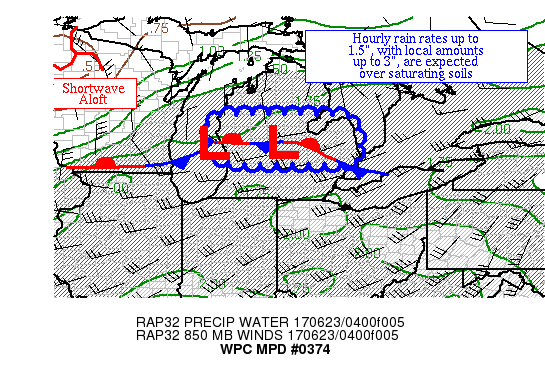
AREAS AFFECTED...CENTRAL LOWER PENINSULA OF MI

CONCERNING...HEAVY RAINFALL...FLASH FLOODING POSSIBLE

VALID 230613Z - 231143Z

SUMMARY...THUNDERSTORMS WITH HEAVY RAIN CONTINUE MOVING ACROSS THE
AREA FROM WEST TO EAST.  HOURLY RAIN RATES UP TO 1.5", WITH LOCAL
AMOUNTS UP TO 3", ARE EXPECTED OVER SATURATING SOILS.

DISCUSSION...THUNDERSTORMS WITH HEAVY RAIN CONTINUE MOVING ACROSS
THE AREA FROM WEST TO EAST, WITH NEW DEVELOPMENT NOTED OVER LAKE
MI AS OF LATE.  THE LEADING EDGE OF AN UPPER LOW IS MOVING INTO
NORTHWEST AND NORTH-CENTRAL WI, WHICH IS ACTING AS THE TRIGGER FOR
DIVERGENCE ALOFT.  MESOSCALE WAVES ARE SEEN ALONG A FRONTAL
BOUNDARY ACROSS LOWER MI.  PRECIPITABLE WATER VALUES ARE ~1.75"
PER RECENT GPS DATA.  INFLOW AT 850 HPA IS WEST-SOUTHWEST AT 30-40
KTS PER VAD WIND PROFILES.  EFFECTIVE BULK SHEAR IS ~30 KTS.
MUCAPE VALUES ARE 500-1000 J/KG, WHICH REMAIN EFFECTIVE FOR HEAVY
RAIN ISSUES GIVEN THE SATURATED ATMOSPHERE IN THE REGION.

THE AVAILABLE BULK SHEAR AND NEARLY UNIDIRECTIONAL WESTERLY FLOW
WITH HEIGHT SUPPORT THE IDEA OF CONTINUED WEST TO EAST TRAINING,
ELEVATED NORTH OF THE FRONTAL BOUNDARY.  THE MESOSCALE GUIDANCE IS
NOT OVERLY BULLISH WITH AMOUNTS IN THIS REGION, SHOWING LOCAL
AMOUNTS IN THE 1.5-2" RANGE THROUGH 12Z.  WITH SLOWLY DECLINING
INSTABILITY, BELIEVE THE RAIN EVENT IN THIS AREA WILL EVOLVE INTO
ONE OF LONGER DURATION OVER THE NEXT SEVERAL HOURS.  ENOUGH
INSTABILITY IS EXPECTED TO BE LEFT TO LEAD TO HOURLY RAIN RATES UP
TO 1.5", WITH LOCAL AMOUNTS UP TO 3", OVER SATURATING SOILS.